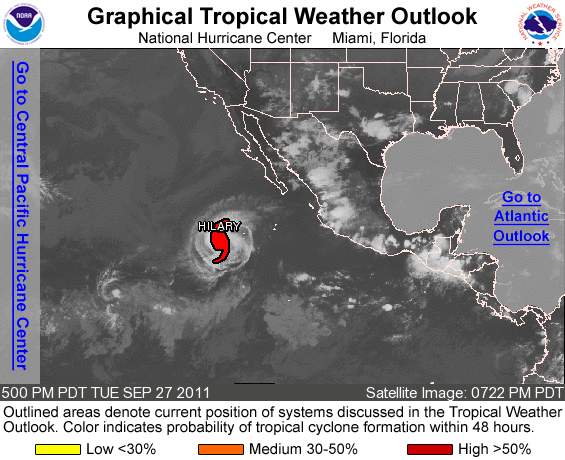
FOR THE EASTERN NORTH PACIFIC...EAST OF 140 DEGREES WEST LONGITUDE..

THE NATIONAL HURRICANE CENTER IS ISSUING ADVISORIES ON HURRICANE HILARY...LOCATED ABOUT 615 MILES SOUTHWEST OF THE SOUTHERN TIP OF BAJA CALIFORNIA.

ELSEWHERE...TROPICAL CYCLONE FORMATION IS NOT EXPECTED DURING THE NEXT 48 HOURS.

FORECASTER BROWN